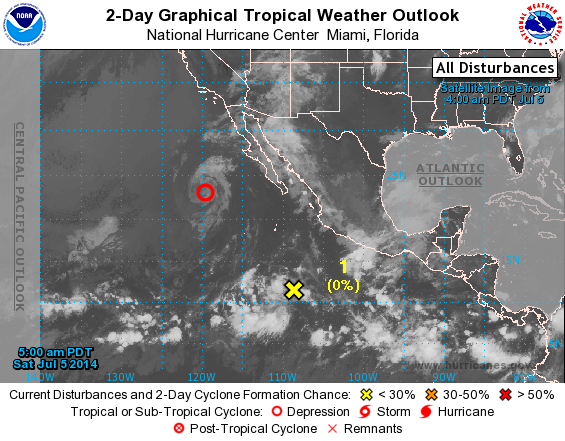
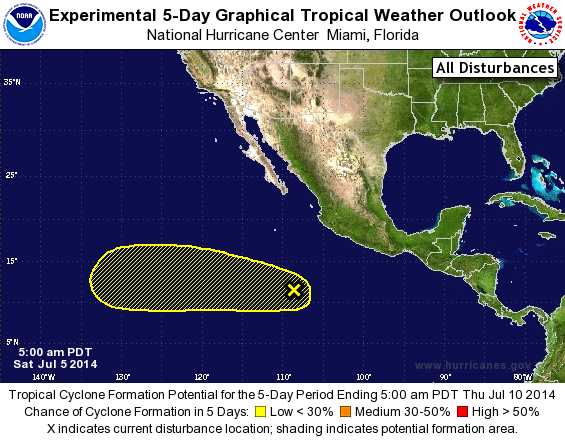
For the eastern North Pacific...east of 140 degrees west longitude:

The National Hurricane Center is issuing advisories on recently downgraded Tropical Depression Douglas, located several hundred miles west of the southern tip of the Baja California peninsula of Mexico.

1. A tropical wave with scattered showers and thunderstorms is located several hundred miles south of the southern tip of the Baja California peninsula of Mexico. Development, if any, of this system is expected to be slow to occur over the next few days while it moves westward or west-northwestward at 10 to 15 mph.
* Formation chance through 48 hours...low...near 0 percent.
* Formation chance through 5 days...low...20 percent.

Forecaster Pasch